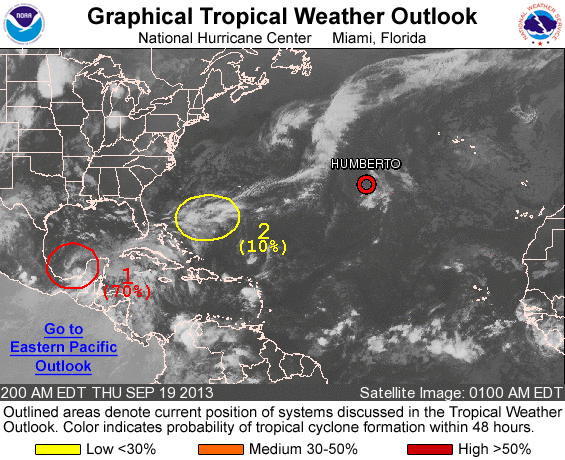
FOR THE NORTH ATLANTIC...CARIBBEAN SEA AND THE GULF OF MEXICO...

THE NATIONAL HURRICANE CENTER IS ISSUING ADVISORIES ON RECENTLY DOWNGRADED TROPICAL DEPRESSION HUMBERTO...LOCATED OVER THE EASTERN ATLANTIC WELL TO THE WEST-SOUTHWEST OF THE AZORES.

1. A LOW PRESSURE SYSTEM LOCATED OVER THE SOUTHWESTERN GULF OF MEXICO IS PRODUCING DISORGANIZED SHOWER AND THUNDERSTORM ACTIVITY. CONDITIONS STILL APPEAR CONDUCIVE FOR THE FORMATION OF A TROPICAL DEPRESSION DURING THE NEXT DAY OR TWO...AND AN AIR FORCE RESERVE HURRICANE HUNTER PLANE IS SCHEDULED TO INVESTIGATE THE LOW THIS AFTERNOON...IF NECESSARY. THIS SYSTEM HAS A HIGH CHANCE...70 PERCENT...OF BECOMING A TROPICAL CYCLONE DURING THE NEXT 48 HOURS WHILE IT MOVES WEST-NORTHWESTWARD AT ABOUT 5 MPH...AND A HIGH CHANCE...80 PERCENT...OF BECOMING A TROPICAL CYCLONE DURING THE NEXT 5 DAYS. THIS DISTURBANCE WILL LIKELY SPREAD HEAVY RAIN OVER PORTIONS OF EASTERN AND SOUTHERN MEXICO AND COULD CAUSE LIFE- THREATENING FLOODS AND MUDSLIDES OVER AREAS ALREADY IMPACTED BY TORRENTIAL RAIN DURING THE PAST SEVERAL DAYS.

2. CLOUDINESS AND SHOWERS JUST TO THE NORTHEAST OF THE BAHAMAS ARE ASSOCIATED WITH A FRONTAL BOUNDARY AND A SURFACE TROUGH...AND AN AREA OF LOW PRESSURE IS FORECAST TO FORM IN THIS AREA DURING THE NEXT COUPLE OF DAYS. UPPER-LEVEL WINDS DO NOT APPEAR CONDUCIVE FOR SIGNIFICANT TROPICAL DEVELOPMENT...BUT THE LOW COULD STILL ACQUIRE SOME SUBTROPICAL CHARACTERISTICS WHILE IT MOVES GENERALLY NORTHEASTWARD OVER THE WESTERN ATLANTIC THROUGH EARLY NEXT WEEK. THIS SYSTEM HAS A LOW CHANCE...10 PERCENT...OF BECOMING A SUBTROPICAL CYCLONE DURING THE NEXT 48 HOURS AND A LOW CHANCE...20 PERCENT...OF BECOMING A SUBTROPICAL CYCLONE DURING THE NEXT 5 DAYS.

FIVE-DAY FORMATION PROBABILITIES ARE EXPERIMENTAL IN 2013. COMMENTS ON THE EXPERIMENTAL FORECASTS CAN BE PROVIDED AT... HTTP://WWW.NWS.NOAA.GOV/SURVEY/NWS-SURVEY.PHP?CODE=ETWO

FORECASTER BERG